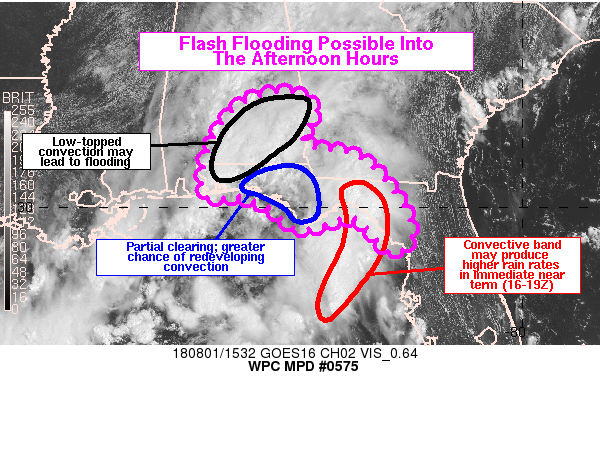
Areas affected...Florida Panhandle and Big Bend, and adjacent
areas

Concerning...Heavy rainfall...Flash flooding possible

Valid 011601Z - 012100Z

Summary...A mixture of rain and thunderstorms should continue to
affect the Florida Panhandle and Big Bend region into the
afternoon, as well as adjacent parts of Alabama and Georgia. On a
localized basis, rain rates will exceed 2 in/hr, which could lead
to flash flooding.

Discussion...A deep plume of tropical moisture continues to be
channeled into the Florida Panhandle region via deep southerly
flow. This is evident in CIRA layer precipitable water products,
with a prominent and continuous swath of higher values in the
700-500mb and 500-300mb layers extending back into Central America
and the ITCZ. This moisture source in the tropics is yielding PWs
around 2.2 to 2.3 inches per the blended total PW product, as well
as several GPS-PW observations near the coast. This should support
heavy rainfall in the stronger convective cells and bands in the
region. 2-3 in/hr rain rates would be possible in such an
environment, and rain rates this high could lead to flash
flooding, especially if they align with areas that have seen heavy
rainfall in recent days.

The main limiting factor at this time is the unfocused nature of
ongoing convection. Small convective bands exist on KMOB and KEVX
radars in the Florida Panhandle, but these seem to be drifting
enough to limit the duration of the very heavy rain rates at any
one location. Other than some frictional convergence near the
surface along the Gulf coast, there is a lack of a surface
boundary to focus the rainfall in a particular area at the present
time. GOES-16 visible satellite does show some partial clearing in
the Florida Panhandle, and this could allow both instability to
build (potential for stronger or more organized convection) and
differential heating boundaries to develop (which could focus
convection in a more sustained way). Therefore, the potential for
flash flooding could still increase this afternoon. To the north
of that, into southeast Alabama, dense cloud cover may limit
further destabilization, but sustained moderate to occasionally
heavy rainfall with low-topped convection supports a small chance
of flash flooding in this area as well.

Further to the east, KTLH radar showed a prominent arc of
convection extending through the Big Bend region and into the
eastern Gulf of Mexico. Although the squall line may have a
tendency to drift with time, the potential for very heavy rain
rates may allow for a localized threat of flash flooding further
east in the region.